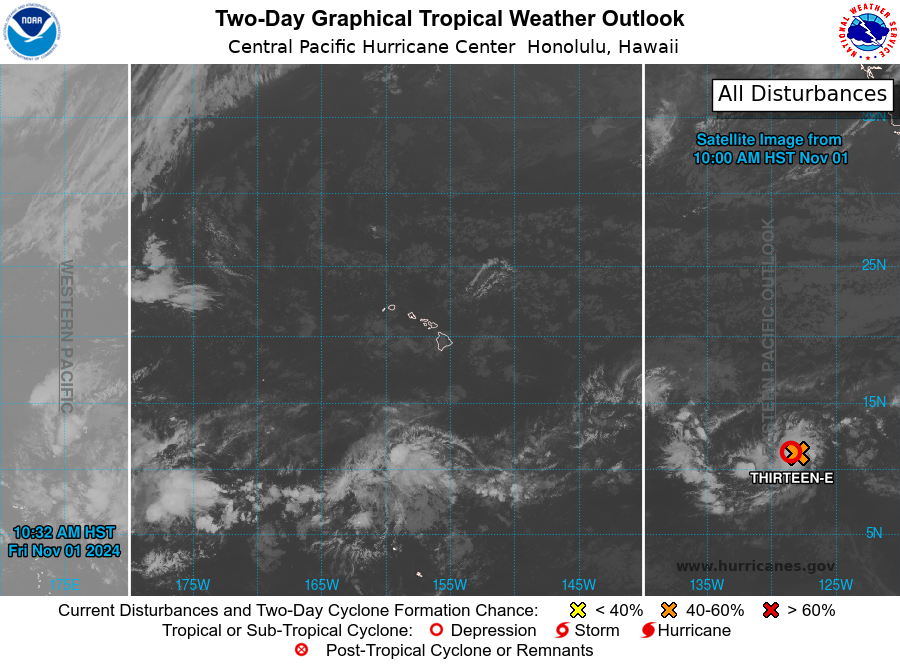
For the central North Pacific...between 140W and 180W:

No tropical cyclones are expected during the next 7 days.

Forecaster Ahue/Almanza